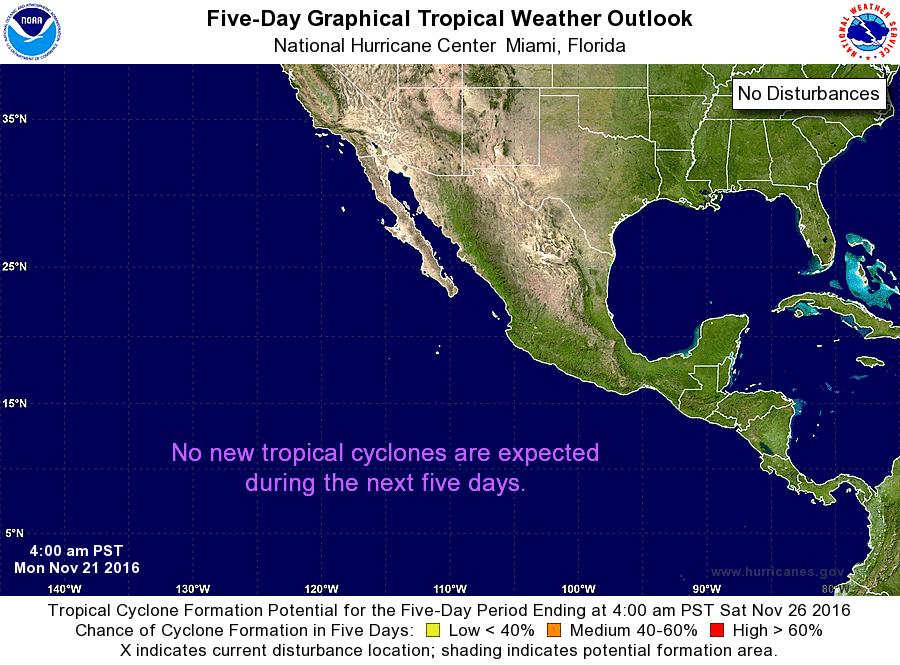
For the eastern North Pacific...east of 140 degrees west longitude:

Tropical cyclone formation is not expected during the next 5 days.

Forecaster Pasch